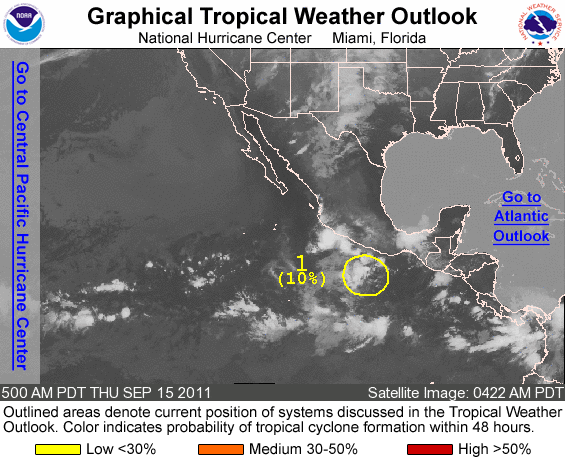
FOR THE EASTERN NORTH PACIFIC...EAST OF 140 DEGREES WEST LONGITUDE..

1. DISORGANIZED SHOWER ACTIVITY CONTINUES IN ASSOCIATION WITH AN AREA OF DISTURBED WEATHER LOCATED A FEW HUNDRED MILES SOUTH OF ACAPULCO MEXICO. THIS SYSTEM HAS A LOW CHANCE...10 PERCENT...OF BECOMING A TROPICAL CYCLONE DURING THE NEXT 48 HOURS AS IT MOVES WESTWARD AT ABOUT 10 MPH.

ELSEWHERE...TROPICAL CYCLONE FORMATION IS NOT EXPECTED DURING THE NEXT 48 HOURS.

FORECASTER BEVEN